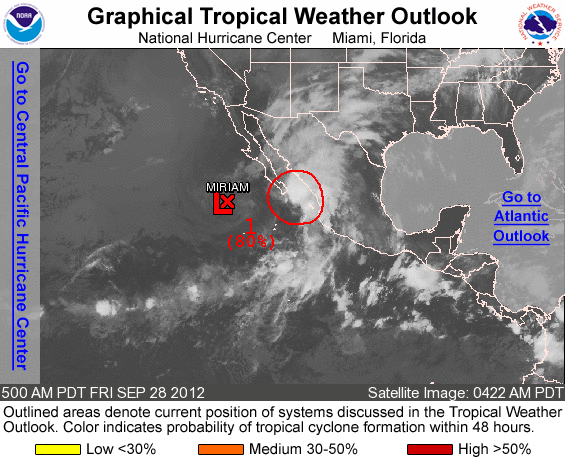
FOR THE EASTERN NORTH PACIFIC...EAST OF 140 DEGREES WEST LONGITUDE..

1. A POORLY DEFINED AREA OF LOW PRESSURE LOCATED ABOUT 90 MILES SOUTH- SOUTHEAST OF THE SOUTHERN TIP OF BAJA CALIFORNIA IS PRODUCING A LARGE AREA OF SHOWERS AND THUNDERSTORMS WITHIN A FEW HUNDRED MILES OF THE COAST OF WESTERN MEXICO. SURFACE OBSERVATIONS AND SATELLITE DATA INDICATE THAT A TROPICAL STORM MAY BE FORMING...AND ADVISORIES WILL LIKELY BE INITIATED LATER THIS MORNING. IF THIS OCCURS... TROPICAL STORM WARNINGS WOULD BE REQUIRED FOR A PORTION OF THE WEST COAST OF MAINLAND MEXICO. THIS SYSTEM HAS A HIGH CHANCE...80 PERCENT...OF BECOMING A TROPICAL CYCLONE DURING THE NEXT 48 HOURS AS IT MOVES NORTHWARD AT 20 TO 25 MPH. REGARDLESS OF TROPICAL CYCLONE FORMATION...TROPICAL-STORM-FORCE WINDS ARE POSSIBLE ALONG THE WEST COAST OF MEXICO BETWEEN MAZATLAN AND HUATABAMPITO DURING THE NEXT DAY OR SO. LOCALLY HEAVY RAINS ARE ALREADY OCCURRING ALONG PORTIONS OF THE COAST OF WESTERN MEXICO AND COULD CAUSE LIFE- THREATENING FLASH FLOODS AND MUD SLIDES OVER THE NEXT DAY OR TWO.

ELSEWHERE...TROPICAL CYCLONE FORMATION IS NOT EXPECTED DURING THE NEXT 48 HOURS.

FORECASTER ROBERTS/BRENNAN